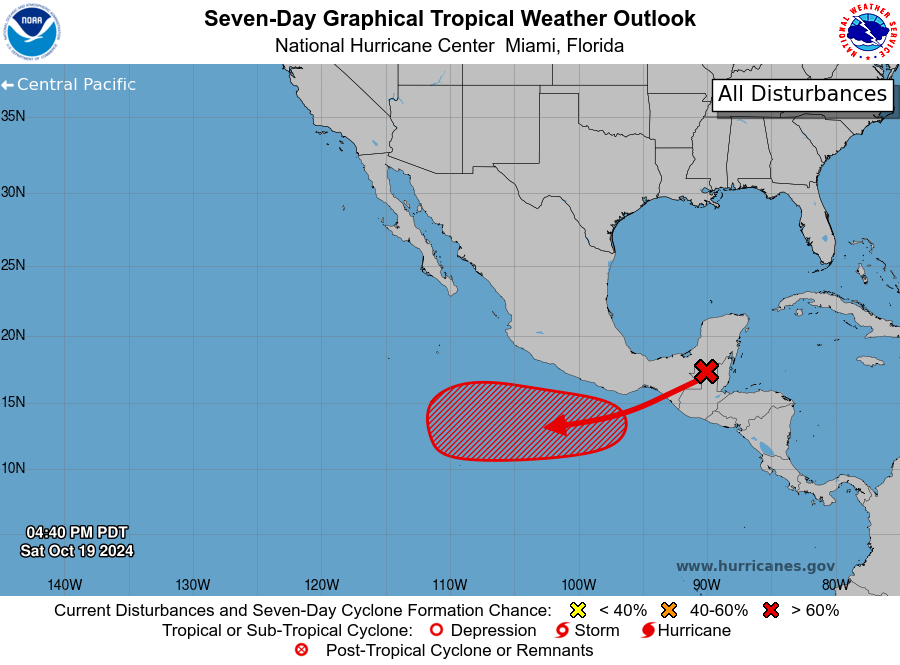
For the eastern North Pacific...east of 140 degrees west longitude:

1. South of Southwestern Mexico: After Nadine dissipates over southern Mexico, its remnants are expected to move into the eastern Pacific. The combination of the remnants of Nadine and influences from the Gulf of Tehuantepec gap wind event are forecast to result in the formation of a new low pressure system off the coast of southwestern Mexico in a day or so. Additional development is expected after that time, and a tropical depression is likely to form during the early to middle part of next week while the system moves westward at about 15 mph away from the coast of Mexico.
* Formation chance through 48 hours...low...30 percent.
* Formation chance through 7 days...high...80 percent.

Forecaster Bucci